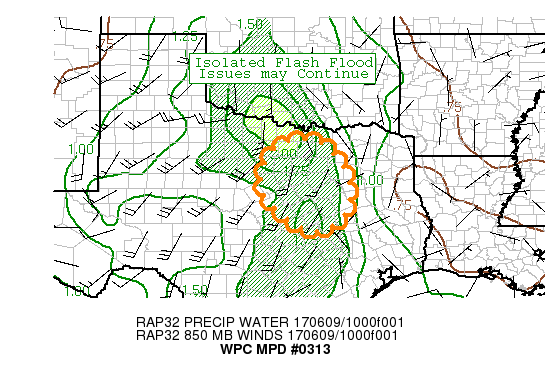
AREAS AFFECTED...NORTH CENTRAL TX

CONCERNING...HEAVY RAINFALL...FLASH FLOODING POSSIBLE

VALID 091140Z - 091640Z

SUMMARY...ISOLATED FLASH FLOOD ISSUES MAY CONTINUE INTO MID
MORNING.

DISCUSSION...A COMPLEX OF THUNDERSTORMS CONTINUES TO SLOWLY PUSH
SOUTHEASTWARD ACROSS NORTH CENTRAL TEXAS THIS MORNING. SOME
UNCERTAINTY WITH REGARDS TO HOW LONG THIS ACTIVITY IS ABLE TO
PERSIST...WITH WEAKENING EVENTUALLY EXPECTED. CONVECTION IS
ELEVATED IN NATURE...BEING FORCED IN PART BY LOW LEVEL MOISTURE
CONVERGENCE AND UPPER LEVEL DIVERGENCE ASSOCIATED WITH A SUBTLE
SHORTWAVE FEATURE AND DIFFLUENT FLOW ALOFT. CURRENTLY ANTICIPATE
THAT THESE FORCING MECHANISMS WILL PERSIST FOR AT LEAST THE NEXT
COUPLE OF HOURS...WITH UPPER LEVEL SUPPORT APPEARING TO WANE SOME
AFTER 16Z OR SO...AND LOW LEVEL MOISTURE TRANSPORT LIKELY TO
DECREASE SOME AS WELL AS DIURNAL HEATING BEGINS TO MIX OUT THE
BOUNDARY LAYER. RECENT RAP ANALYSIS ALSO SHOWS AN INCREASING TREND
IN MUCAPE JUST DOWNSTREAM OF THE CURRENT CONVECTIVE AREA...ALSO
SUGGESTING IT MAY BE ABLE TO PERSIST FOR AT LEAST A COUPLE MORE
HOURS. LATEST IR IMAGERY DOES SHOW SIGNS OF WARMING CLOUD TOPS
OVER OK...BUT THE SCATTERED REDEVELOPMENT OVER NORTH TEXAS APPEARS
TO BE MAINTAINING ITSELF FOR NOW.

THUS WOULD APPEAR THAT THE OPERATIONAL HRRR MAY BE WEAKENING THE
ACTIVITY A BIT TOO QUICKLY...WITH AN OUTCOME CLOSER TO THE 0Z NSSL
WRF AND 06Z EXPERIMENTAL HRRR MORE PROBABLE. LOW LEVEL FLOW
GENERALLY OPPOSITE TO CORFIDI VECTORS AND STORM PROPAGATION
CONTINUES TO SUPPORT SOME BACKBUILDING AND BRIEF TRAINING OF CELLS
AS THE COMPLEX SHIFTS SOUTH. THUS POCKETS OF AROUND 2" IN AN HOUR
AMOUNTS...AND 2-4" TOTALS IN A THREE HOUR PERIOD APPEAR LIKELY TO
CONTINUE. THESE AMOUNTS MAY LOCALLY BEGIN TO CHALLENGE FLASH FLOOD
GUIDANCE VALUES. THUS WHILE WIDESPREAD FLOODING ISSUES ARE NOT
EXPECTED TO DEVELOP...LOCALIZED ISSUES...ESPECIALLY IN MORE
SUSCEPTIBLE AND URBAN AREAS...WILL CONTINUE.